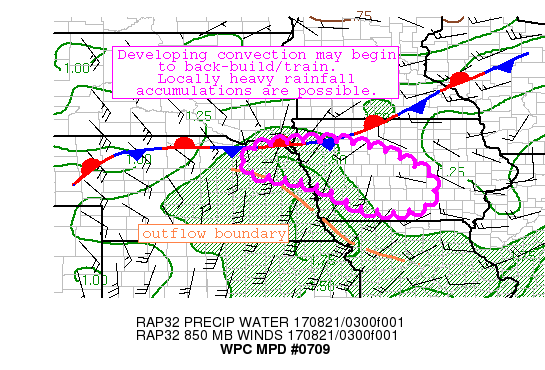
AREAS AFFECTED...NORTHEASTERN NEBRASKA...WESTERN AND CENTRAL IOWA

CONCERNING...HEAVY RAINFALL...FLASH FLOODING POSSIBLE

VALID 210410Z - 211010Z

SUMMARY...CONVECTION IS EXPECTED TO INCREASE IN COVERAGE OVER THE
NEXT FEW HOURS AND MAY BEGIN TO BACK-BUILD/TRAIN...RESULTING IN
LOCALLY HEAVY ACCUMULATIONS.  FLASH FLOODING IS POSSIBLE.

DISCUSSION...A LOW LEVEL JET STRENGTHENING TO 30-40 KTS WILL
SUPPORT A DEEPENING MOISTURE POOL NEAR THE INTERSECTION OF A
SLOW-MOVING FRONTAL BOUNDARY THAT EXTENDS FROM THE UPPER GREAT
LAKES BACK INTO THE MID MO VALLEY AND AN OUTFLOW BOUNDARY
ASSOCIATED WITH THE PREVIOUS NIGHT'S CONVECTION THAT STRETCHES
FROM NORTHERN MO BACK INTO EASTERN NEB.  LATEST SPC MESOANALYSIS
SHOWS PWS OF 1.4 TO 1.6 ACROSS MUCH OF THE HIGHLIGHTED AREA...WITH
THE 03 UTC RAP SHOWING A FURTHER INCREASE TO AROUND 1.75 INCHES AS
THE LOW LEVEL FLOW INCREASES.  WITH THE LOSS OF DAYTIME
HEATING...CONVECTIVE INHIBITION HAS INCREASED ACROSS THE
REGION...HOWEVER MUCAPE VALUES REMAIN AROUND 2000-3000 J/KG ALONG
THE NEB/IA BORDER.  CONVECTION IS EXPECTED TO DEVELOP INITIALLY
ACROSS NORTHEASTERN NEB INTO NORTHWESTERN IA BEFORE PROPAGATING
FURTHER TO THE SOUTHEAST ALONG AN AXIS OF INCREASING INSTABILITY.
HOWEVER...SUSTAINED 30-40 KT SOUTHWESTERLY LOW LEVEL INFLOW INTO
THE BOUNDARIES TO THE WEST INTERACTING WITH FAVORABLE MID/UPPER
LEVEL FORCING MAY SUPPORT BACK-BUILDING/ TRAINING CONVECTION FOR
SEVERAL HOURS.

SEVERAL OF THE 12 UTC HI-RES RUNS SHOW AN AXIS OF MODERATE TO
HEAVY ACCUMULATIONS EXTENDING FROM THE NORTHERN NEB/IA BORDER INTO
SOUTH-CENTRAL IA.  LATEST RUNS OF BOTH THE OPERATIONAL AND
EXPERIMENTAL HRRR SHOW LOCALLY HEAVY AMOUNTS ON THE ORDER TO 2-3
INCHES FOR THE 6-HR PERIOD ENDING AT 10 UTC.